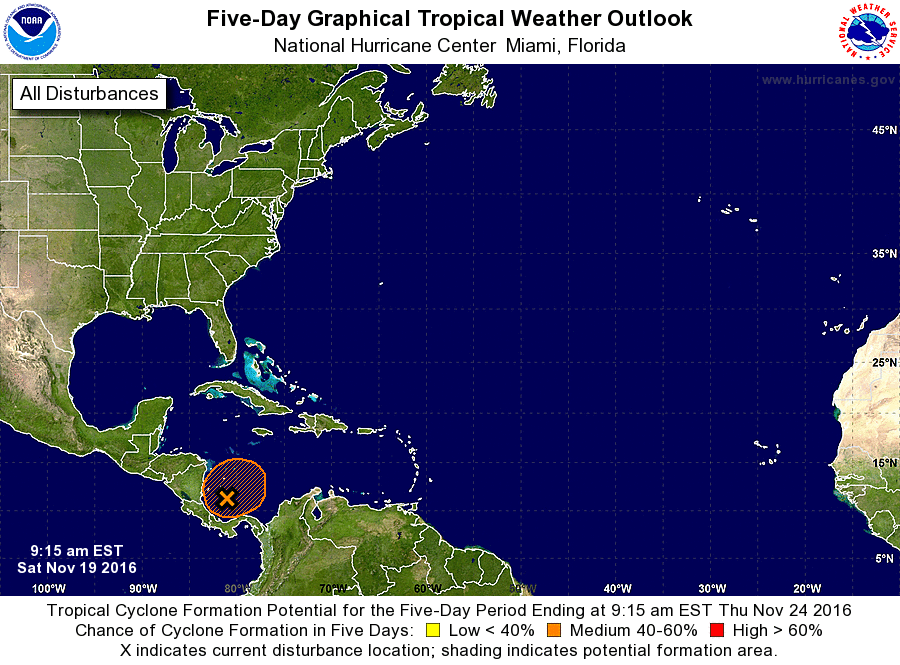
For the North Atlantic...Caribbean Sea and the Gulf of Mexico:

1. Showers and thunderstorms have increased and become better organized this morning in association with an area of low pressure located over the southwestern Caribbean Sea. In addition, satellite data and surface observations indicate that the circulation has become a little better defined. Although environmental conditions are only marginally conducive for additional development, only a small increase in the organization of the low could result in the formation of a tropical depression. This system is expected to move slowly and erratically during the next few days.
* Formation chance through 48 hours...medium...40 percent
* Formation chance through 5 days...medium...60 percent

Forecaster Cangialosi